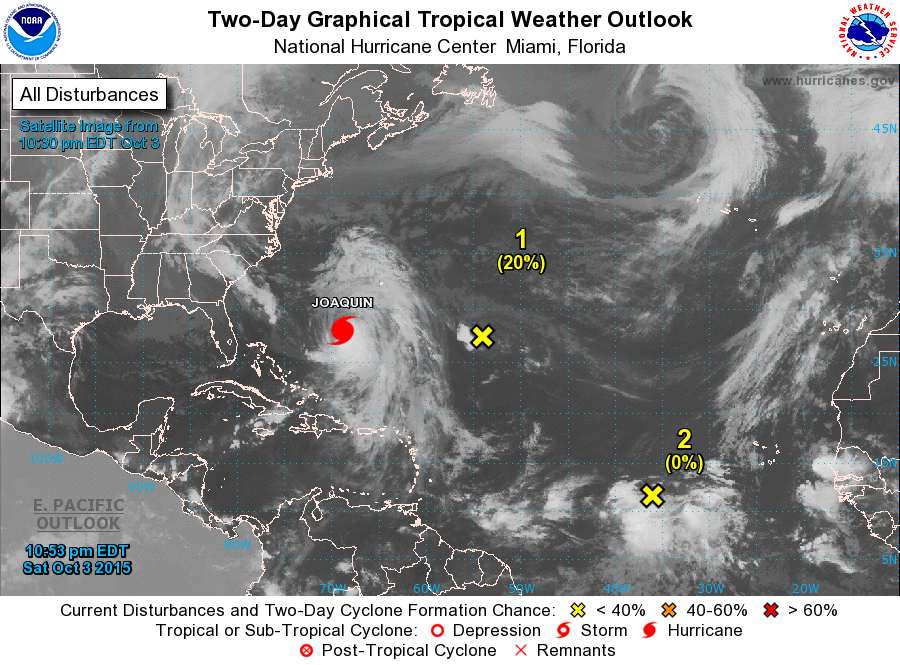
For the North Atlantic...Caribbean Sea and the Gulf of Mexico:

The National Hurricane Center is issuing advisories on Hurricane Joaquin, located several hundred miles southwest of Bermuda.

1. A non-tropical area of low pressure over the central Atlantic about 800 miles east-southeast of Bermuda is producing limited shower and thunderstorm activity. Environmental conditions are becoming less conducive due to the approach of Hurricane Joaquin, and the chances for development are decreasing.
* Formation chance through 48 hours...low...20 percent
* Formation chance through 5 days...low...20 percent

2. A tropical wave located several hundred miles southwest of the Cape Verde Islands is producing disorganized showers and thunderstorms. Some slow development of this system is possible next week while the system moves west-northwestward at 10 to 15 mph.
* Formation chance through 48 hours...low...near 0 percent
* Formation chance through 5 days...low...20 percent

Forecaster Beven